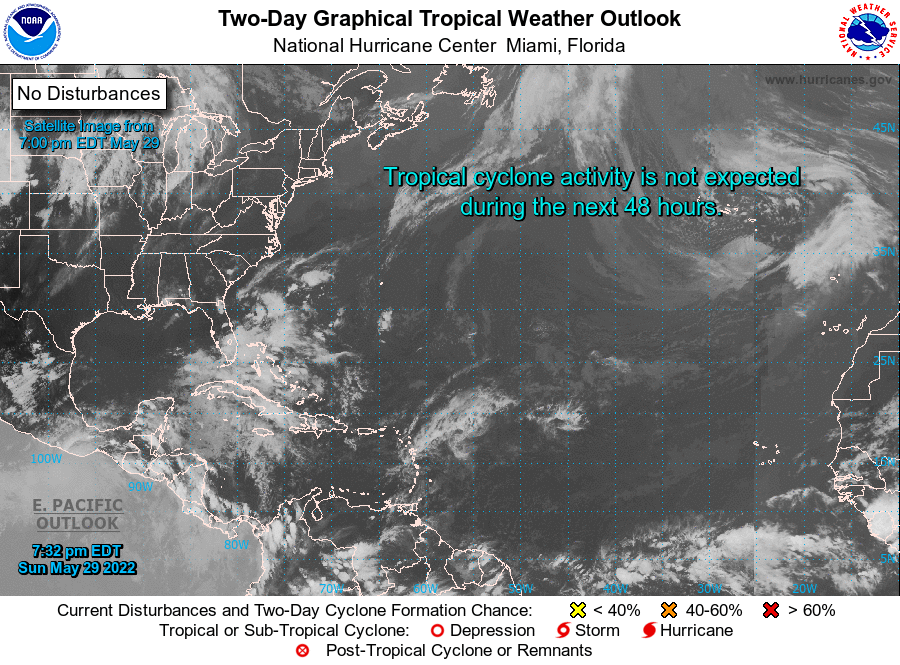
For the North Atlantic...Caribbean Sea and the Gulf of Mexico:

1. Near the Yucatan Peninsula: A large and complex area of low pressure is expected to develop across Central America, the Yucatan Peninsula, and the southwest Gulf of Mexico in a few days, partially related to the remnants of Hurricane Agatha from the eastern Pacific. Some gradual development is possible within this system in the far southwest Gulf of Mexico by mid-week or in the northwest Caribbean by the latter part of this week as the larger low complex drifts eastward or northeastward. Regardless of development, locally heavy rains will be possible across southern Mexico, the Yucatan Peninsula, Guatemala, and Belize through the week.
* Formation chance through 48 hours...low...near 0 percent.
* Formation chance through 5 days...low...30 percent.

Forecaster Papin